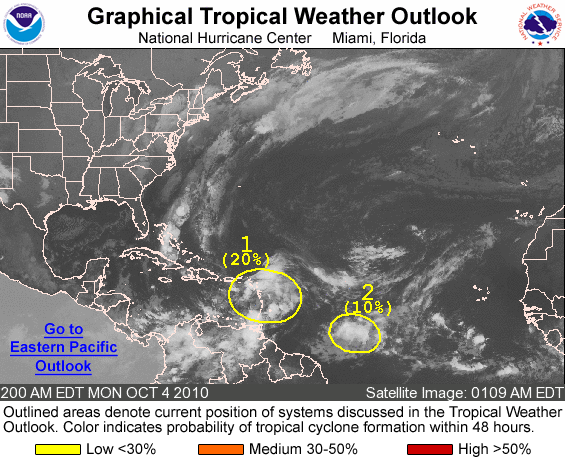
FOR THE NORTH ATLANTIC...CARIBBEAN SEA AND THE GULF OF MEXICO...

1. SHOWERS AND THUNDERSTORMS REMAIN DISORGANIZED IN ASSOCIATION WITH A BROAD AND ELONGATED AREA OF LOW PRESSURE LOCATED OVER THE NORTHEASTERN CARIBBEAN SEA AND ADJACENT ATLANTIC WATERS. UPPER-LEVEL WINDS ARE EXPECTED TO BE UNFAVORABLE FOR DEVELOPMENT DURING THE NEXT DAY OR TWO...ALTHOUGH THEY MAY BECOME MORE FAVORABLE BY WEDNESDAY. THERE IS A LOW CHANCE...20 PERCENT...OF THIS SYSTEM BECOMING A TROPICAL CYCLONE DURING THE NEXT 48 HOURS AS IT MOVES WESTWARD OR WEST-NORTHWESTWARD AT AROUND 10 MPH. LOCALLY HEAVY RAINS ARE POSSIBLE DURING THE NEXT DAY OR TWO OVER THE LEEWARD ISLANDS...THE VIRGIN ISLANDS...PUERTO RICO...AND HISPANIOLA.

2. A SMALL AREA OF LOW PRESSURE LOCATED ABOUT 1050 MILES EAST OF THE SOUTHERN WINDWARD ISLANDS IS PRODUCING DISORGANIZED SHOWERS AND THUNDERSTORMS. UPPER-LEVEL WINDS ARE EXPECTED TO BECOME UNFAVORABLE FOR DEVELOPMENT IN A DAY OR SO AS THE LOW MOVES NORTHWESTWARD AT 10 TO 15 MPH. THERE IS A LOW CHANCE...10 PERCENT...OF THIS SYSTEM BECOMING A TROPICAL CYCLONE DURING THE NEXT 48 HOURS.

ELSEWHERE...TROPICAL CYCLONE FORMATION IS NOT EXPECTED DURING THE NEXT 48 HOURS.

FORECASTER CANGIALOSI